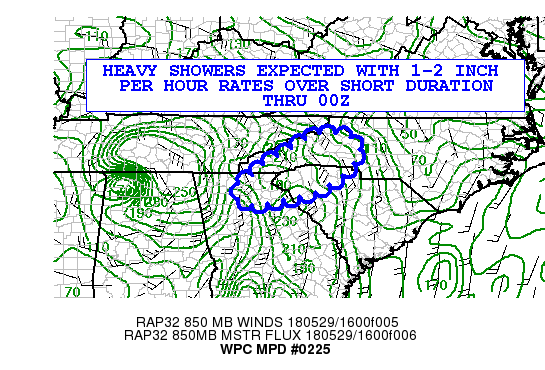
AREAS AFFECTED......NORTHEAST GA/WESTERN SC/WESTERN NC...

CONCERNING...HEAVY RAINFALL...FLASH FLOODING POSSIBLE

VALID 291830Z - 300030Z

SUMMARY...HEAVY SHOWERS AND A FEW THUNDERSTORMS EXPECTED THIS
AFTERNOON WITH HIGH RAIN RATES OF 1-2 INCHES PER HOUR OVER A SHORT
DURATION...

THE SATELLITE AND RADAR DATA INDICATES A SLOWLY GROWING CLUSTER OF
SHOWERS AND A FEW THUNDERSTORMS ACROSS GEORGIA AND INTERIOR
SECTIONS OF SOUTH AND NORTH CAROLINA.

MOIST DEEP LAYER SOUTHEAST FLOW IS ADVECTING DEEP MOISTURE INLAND
WITH UPSLOPE FLOW OCCURRING THIS AFTERNOON INTO THE EVENING AS THE
CYCLONIC CIRCULATION OF THE DEPRESSION TO THE WEST IN ALABAMA
CONTINUES.

COUPLED UPPER DIVERGENCE AND BOUNDARY LAYER MOISTURE CONVERGENCE
COMBINE WITH AN UPSLOPE COMPONENT OF FLOW TO SUPPORT ADDITIONAL
SHOWERS/STORMS THROUGH THE REST OF AFTERNOON INTO THE EVENING IN
NORTHEAST GA/WESTERN SOUTH CAROLINA AND WESTERN NORTH CAROLINA.
OBSERVED AND FORECAST SOUNDINGS SHOW POCKETS OF 90 PERCENT LAYER
RELATIVE HUMIDITY...FAVORING EFFICIENT RAINFALL PROCESSES.

CLUSTERS OF 1-2 INCHES OF RAIN WITH ISOLATED 3 INCH MAXIMA ARE
EXPECTED WHERE CELL MERGERS OCCUR.  THIS IS IN LINE WITH THE 12Z
RUNS OF THE WRF ARW/NMMB/ARW 2 RUNS TODAY.
THE 15-17 HIGH RES RAPID REFRESH RUNS INDICATED ISOLATED 4 INCH
TOTALS ARE POSSIBLE IN WESTERN NORTH CAROLINA.